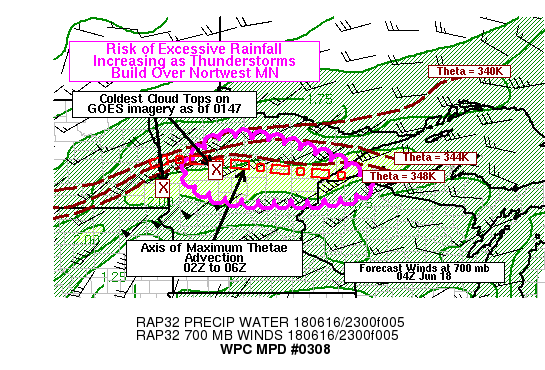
AREAS AFFECTED...NORTHERN MINNESOTA

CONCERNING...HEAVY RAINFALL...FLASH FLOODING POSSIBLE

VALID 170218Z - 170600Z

SUMMARY...CONVECTION HAS BEEN DEVELOPING OVER NORTHWEST MINNESOTA
EARLY THIS EVENING AND TRACKING EASTWARD.  GOES EAST IMAGERY
AROUND 02Z SHOWED THE MOST ACTIVE CONVECTION WAS OVER EASTERN
BECKER COUNTY TOWARDAND AND MOVING EASTWARD INTO HUBBARD COUNTY.
THE CHANCES OF FLASH FLOODING INCREASE  THROUGH 06Z AS THE STORMS
TRACK ALONG A WELL DEFINED LOW LEVEL THETAE GRADIENT AT H85.
CONTINUED DEVELOPMENT AND EMERGING CELL TRAINING POTENTIAL ALONG
AN EAST TO WEST BOUNDARY AND THETAE GRADIENT OFFERS A THREAT FOR
FLASH FLOODING OVER THE NEXT FEW HOURS.

DISCUSSION...SURFACE OBSERVATIONS INDICATE A WELL-DEFINED MOISTURE
GRADIENT EXTENDING EAST TO WEST ACROSS NORTHERN MN FROM ROUGHLY
FARGO TO SOUTH OF DULUTH.  GOES VISIBLE IMAGERY WAS SHOWING
OVERSHOOTING TOPS OVER BECKER COUNTY MN AT 0147Z WHICH WAS IN
CLOSER PROXIMITY TO THE THETAE GRADIENT AND IN A POSITION TO BE
FED DEEPER MOISTURE FROM THE SOUTH PER 00Z SOUNDINGS AND 88D VAD
WIND PROFILERS.

THIS THETA-E AXIS WAS SIMILAR TO THE AXIS OF HEAVIEST RAINFALL
SHOWN BY THE HRAM PROBABILITIES.  RAINFALL AMOUNTS OF 1-3 INCHES
ARE POSSIBLE THROUGH 06Z.  WITH FLASH FLOOD GUIDANCE WAS GENERALLY
IN THE 1.5 TO 2.5 INCHES PER THREE HOUR RANGE...THE THREAT FOR
FLASH FLOODING WILL BE INCREASING GIVEN A DECENT FEED OF MOISTURE.
 FORECAST SOUNDINGS CONTINUE TO SHOW FAVORABLE

IN ADDITION...INDUCED WAVES ALONG THE FRONT WILL FOCUS
STORMS/INFLOW WHILE THE PARALLEL ORIENTATION OF THE FLOW ALOFT TO
THAT OF THE FRONT AND CONVECTION FAVORS A THREAT OF CELL TRAINING
AND REPEAT CELLS OVER TIME.